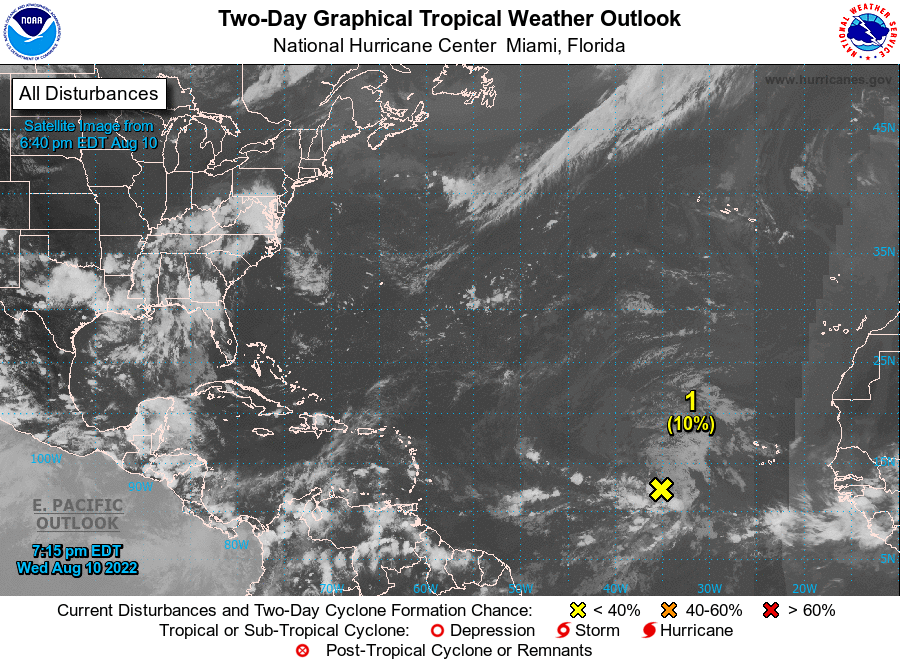
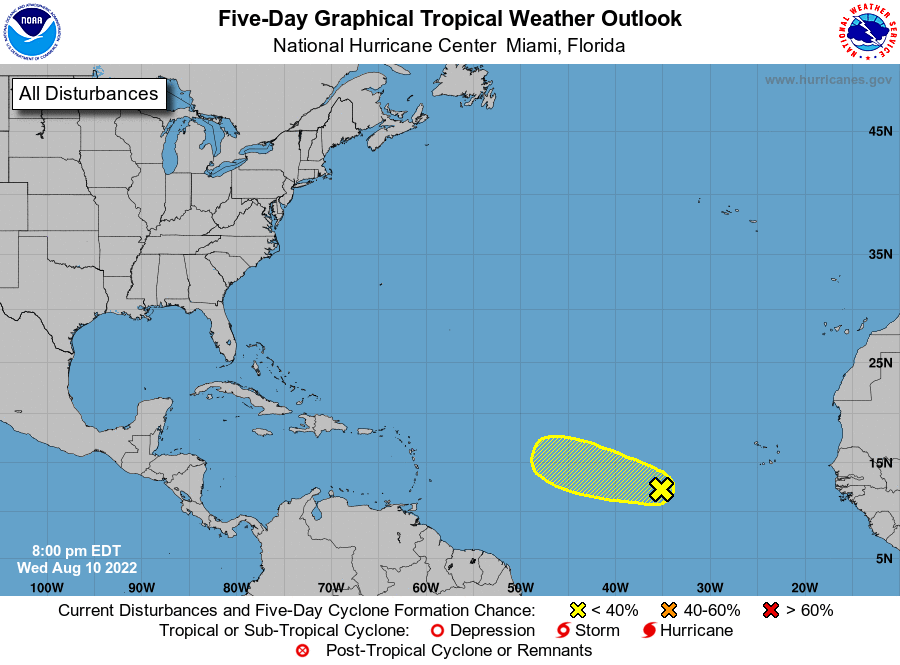
For the North Atlantic...Caribbean Sea and the Gulf of Mexico:

1. Central Tropical Atlantic: A tropical wave located several hundred miles west-southwest of the Cabo Verde Islands is producing limited and disorganized shower activity. Upper-level winds are expected to become increasingly unfavorable for development during the next couple of days while the system moves westward to west-northwestward at 15 to 20 mph across the tropical Atlantic.
* Formation chance through 48 hours...low...10 percent.
* Formation chance through 5 days...low...10 percent.

Forecaster Reinhart